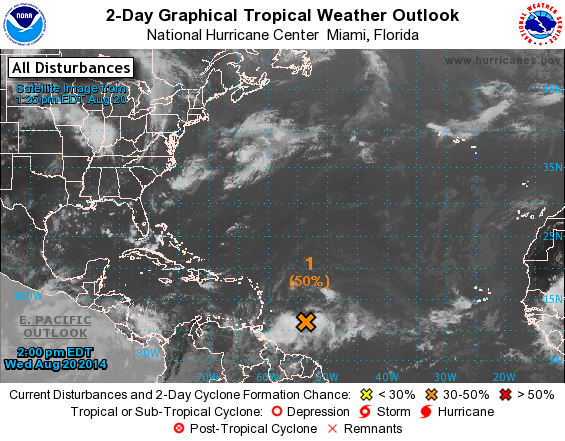
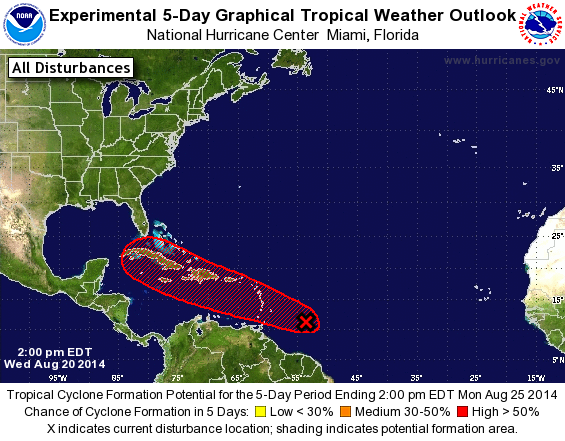
For the North Atlantic...Caribbean Sea and the Gulf of Mexico:

1. Shower and thunderstorm activity associated with an elongated area of low pressure located several hundred miles east of the Windward Islands has become a little better organized during the past few hours. Additional slow development of this system is possible during the next day or two, and a tropical depression could form as the system moves west-northwestward at 10 to 15 mph across the Lesser Antilles and into the Caribbean Sea. After that time, land interaction could limit development potential over the weekend. Regardless of tropical cyclone formation, gusty winds and heavy rainfall are possible across portions of the Lesser Antilles, Puerto Rico, and the Virgin Islands on Thursday night and Friday. Interests in those islands should closely monitor the progress of this system. An Air Force Reserve Hurricane Hunter aircraft is scheduled to investigate this system tomorrow afternoon, if necessary.
* Formation chance through 48 hours...medium...50 percent.
* Formation chance through 5 days...high...60 percent.

Forecaster Brennan